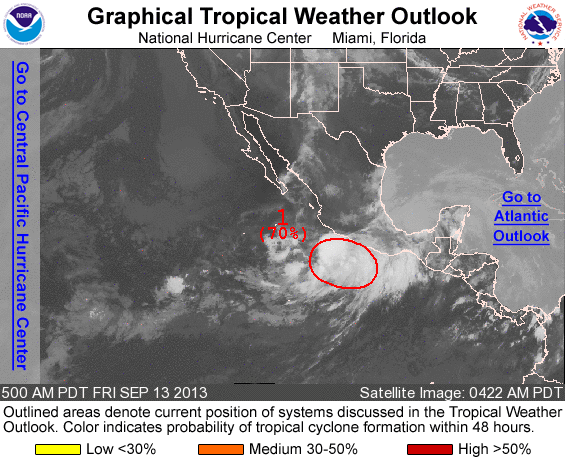
FOR THE EASTERN NORTH PACIFIC...EAST OF 140 DEGREES WEST LONGITUDE..

1. A BROAD AREA OF LOW PRESSURE LOCATED NEAR THE COAST OF MEXICO TO THE SOUTHWEST OF ACAPULCO CONTINUES TO PRODUCE A LARGE AREA OF SHOWERS AND THUNDERSTORMS. ENVIRONMENTAL CONDITIONS APPEAR CONDUCIVE FOR THE DEVELOPMENT OF A TROPICAL DEPRESSION LATER TODAY OR TONIGHT WHILE THE LOW MOVES SLOWLY TOWARD THE NORTHWEST OR NORTH. THIS SYSTEM HAS A HIGH CHANCE...70 PERCENT...OF BECOMING A TROPICAL CYCLONE DURING THE NEXT 48 HOURS...AND A HIGH CHANCE...70 PERCENT...OF BECOMING A TROPICAL CYCLONE DURING THE NEXT 5 DAYS. REGARDLESS OF DEVELOPMENT...THIS LOW...IN COMBINATION WITH TROPICAL DEPRESSION TEN IN THE BAY OF CAMPECHE...WILL LIKELY BRING HEAVY RAINS TO PORTIONS OF SOUTHERN AND EASTERN MEXICO DURING THE NEXT SEVERAL DAYS. THESE RAINS COULD CAUSE LIFE-THREATENING FLASH FLOODS AND MUD SLIDES.

FIVE-DAY FORMATION PROBABILITIES ARE EXPERIMENTAL IN 2013. COMMENTS ON THE EXPERIMENTAL FORECASTS CAN BE PROVIDED AT...

HTTP://WWW.NWS.NOAA.GOV/SURVEY/NWS-SURVEY.PHP?CODE=ETWO

FORECASTER BLAKE